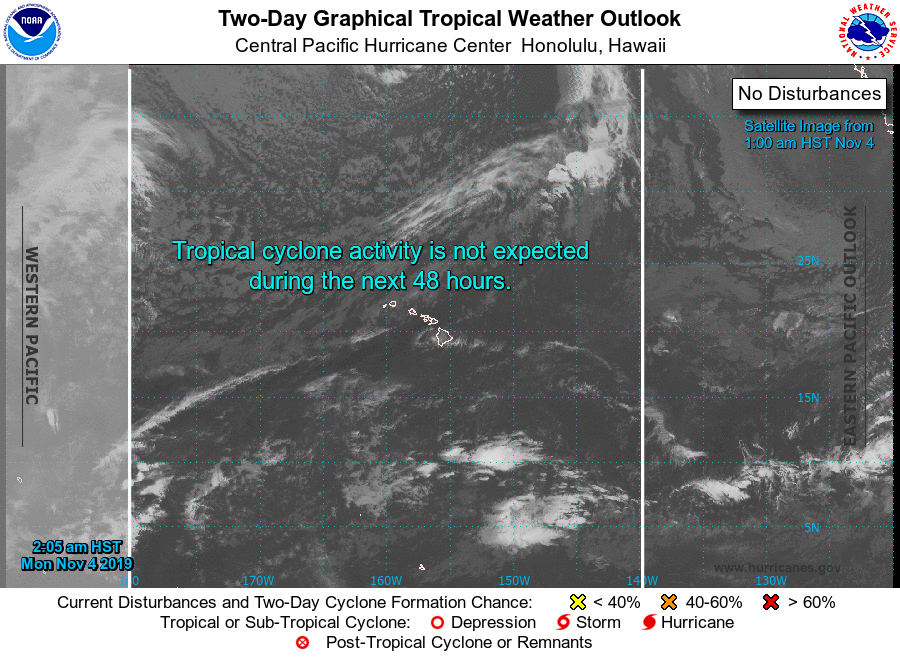
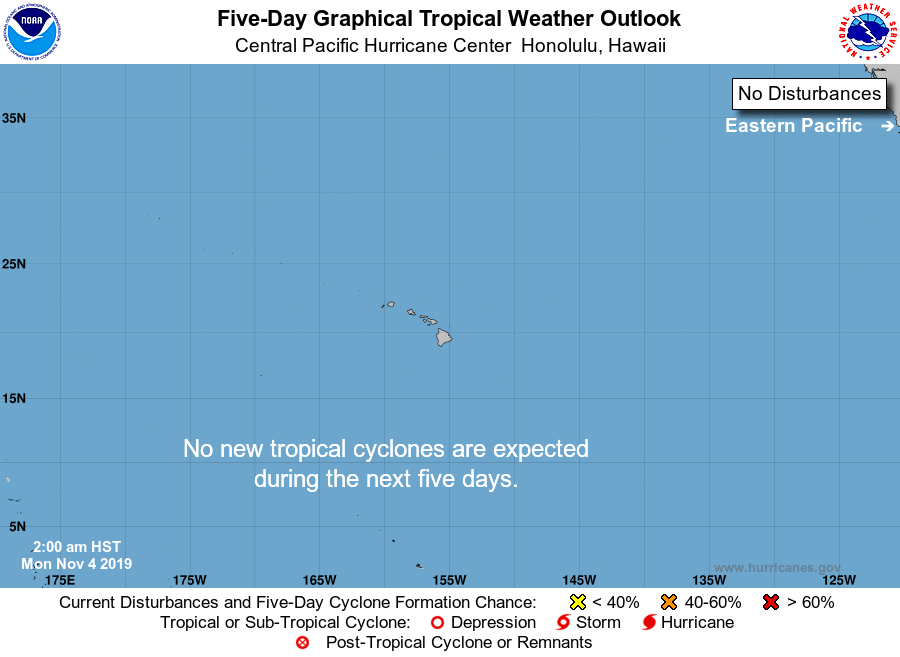
For the central North Pacific...between 140W and 180W:

No tropical cyclones are expected during the next 5 days.

Forecaster Powell